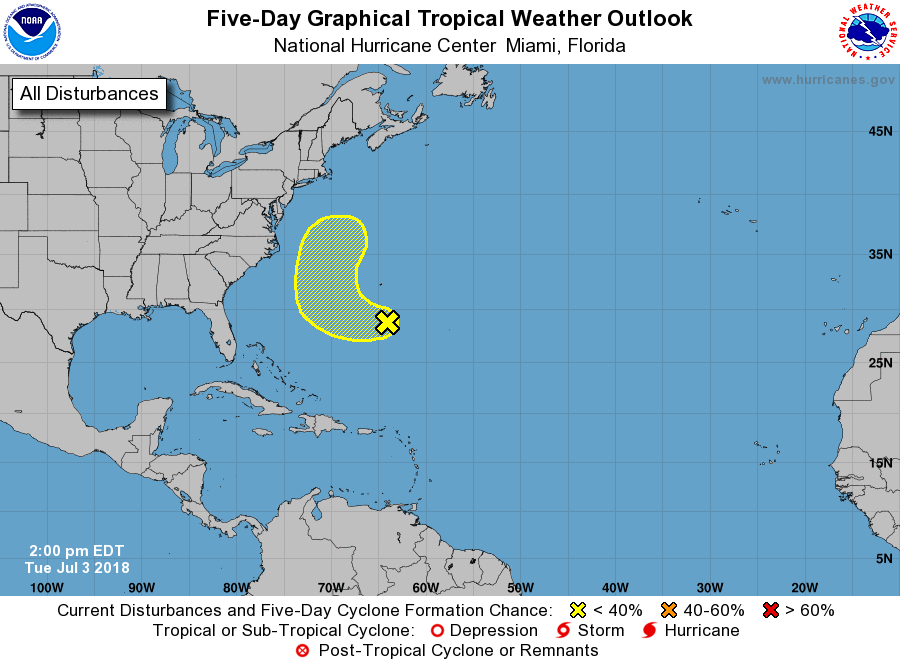
For the North Atlantic...Caribbean Sea and the Gulf of Mexico:

1. An area of disturbed weather has formed a few hundred miles southeast of Bermuda. Upper-level winds could become somewhat conducive for development by late this week when the disturbance is forecast to be southwest of Bermuda. The system is forecast to move generally northward over the weekened and begin interacting with a frontal system on Sunday, which would limit any additional development.
* Formation chance through 48 hours...low...10 percent.
* Formation chance through 5 days...low...30 percent.

Forecaster Brown